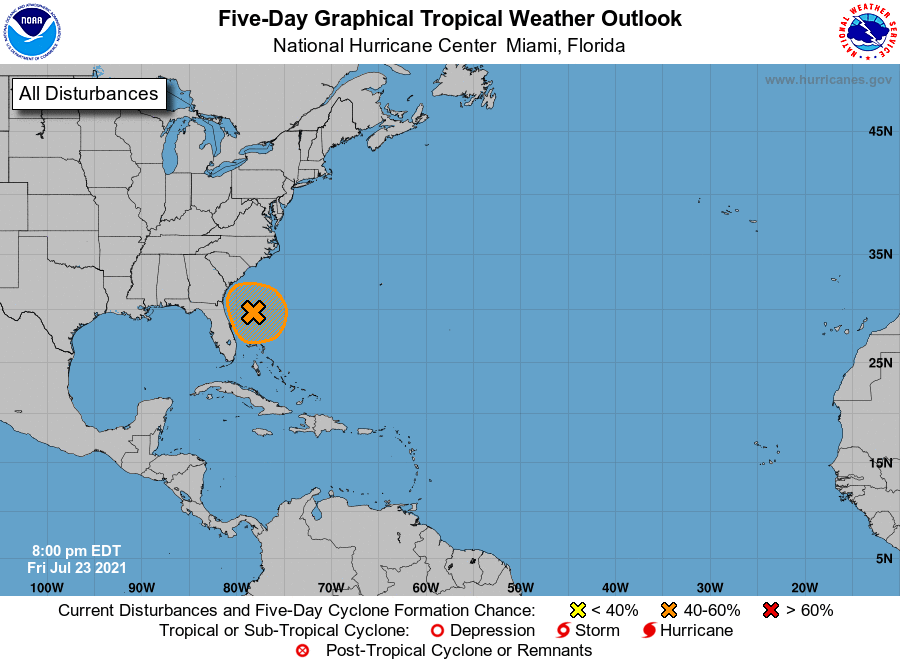
For the North Atlantic...Caribbean Sea and the Gulf of Mexico:

1. An elongated low pressure area centered about 150 miles east of Daytona Beach, Florida, continues to produce some showers and thunderstorms. This system has become better organized since yesterday, and a tropical depression could form over the weekend while the low meanders offshore or near the Florida peninsula. Interests in Florida should monitor the progress of this system.
* Formation chance through 48 hours...medium...50 percent.
* Formation chance through 5 days...medium...50 percent.

Forecaster Blake